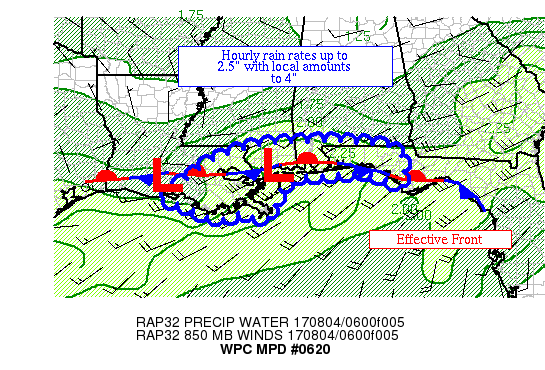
AREAS AFFECTED...CENTRAL GULF COAST

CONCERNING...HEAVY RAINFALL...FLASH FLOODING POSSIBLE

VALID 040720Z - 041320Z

SUMMARY...SHOWERS AND THUNDERSTORMS ARE EXPANDING IN COVERAGE
ACROSS SOUTHEAST LA, SOUTHERN MS, AND SOUTHERN AL.  HOURLY RAIN
RATES UP TO 2.5" WITH LOCAL AMOUNTS TO 4" ARE POSSIBLE.

DISCUSSION...A STATIONARY THERMAL BOUNDARY HAS BEEN NOTED IN
OVERNIGHT SURFACE OBSERVATIONS LOCATED JUST NORTH OF THE 30TH
PARALLEL JUST INLAND OF THE CENTRAL GULF COAST.  THE GRADIENT IN
THE MU CAPE FIELD ACROSS THE REGION HAS BEEN CREEPING INLAND,
HELPING TO FUEL THE THUNDERSTORM ACTIVITY.  PRECIPITABLE WATER
VALUES OF 2-2.4" ARE SEEN HERE ON RECENT GPS DATA.  INFLOW AT 850
HPA IS WEST-SOUTHWEST AT 20-25 KTS, NEAR THE MAGNITUDE OF THE
850-400 HPA MEAN WIND.  NEAR AND JUST NORTH OF THE SUBTROPICAL
JET, THERE APPEARS TO BE AN ELONGATED SET OF SHORTWAVES RIGHT OVER
THE BOUNDARY WHILE IN THE SOUTHERN STREAM OF THE WESTERLIES ACROSS
SOUTHWEST MO AN ADDITIONAL SHORTWAVE IS NOTED.

THE MESOSCALE GUIDANCE HAS A SIGNAL FOR HEAVY RAINFALL ACROSS THE
AREA, THOUGH AGREEMENT IS NOT IDEAL.  SLIGHTLY VEERING LOW-LEVEL
INFLOW HINTS AT AN EASTWARD PROGRESSION TO THE FORMING
THUNDERSTORM AREA INTO THE FL PANHANDLE SHOULD BE ANTICIPATED.
HOURLY RAIN RATES UP TO 2.5" ARE POSSIBLE WHERE CELLS TRAIN, WITH
LOCAL AMOUNTS UP TO 4" EXPECTED.  FLASH FLOOD GUIDANCE ACROSS
SOUTHEAST LA HAS LOWERED DUE TO THE HEAVY RAIN THERE THIS TIME
YESTERDAY.  URBAN AREAS ALONG THE MS COAST, NEAR MOBILE, AND IN FL
NEAR PENSACOLA AND FORT WALTON BEACH COULD BE IMPACTED.